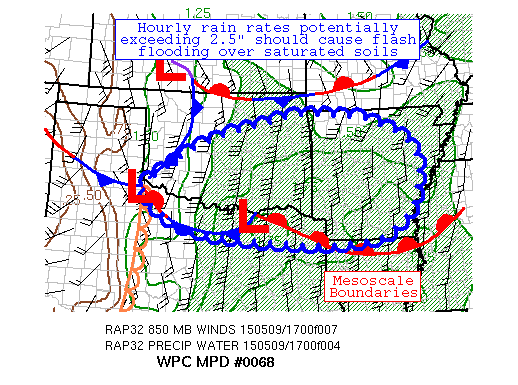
AREAS AFFECTED...PORTIONS OF OK, NORTHEAST TX, AND AR

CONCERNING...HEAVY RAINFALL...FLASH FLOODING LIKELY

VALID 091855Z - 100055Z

SUMMARY...THUNDERSTORMS ACROSS OK AND NORTHEAST TX ARE EXPECTED TO
CONTINUE TO ORGANIZE AS THEY PROGRESS EASTWARD.  FLASH FLOODING IS
CONSIDERED LIKELY DUE TO SATURATED SOILS.

DISCUSSION...THUNDERSTORMS CONTINUE TO GROW IN SIZE AND INTENSITY
ACROSS OK AND NORTHEAST TX.  HOURLY RAIN RATES UP TO 3" AN HOUR
HAVE BEEN WITNESSED PER RADAR ESTIMATES NORTHEAST OF DALLAS IN A
TRAINING BAND.  PRECIPITABLE WATER VALUES OF 1.4-2" INHABIT THE
REGION PER RECENT GPS INFORMATION.  THUNDERSTORMS CONTINUE TO BE
FOCUSED NEAR AND NORTH OF AN OUTFLOW BOUNDARY WHICH HAS YET TO
MAKE MUCH NORTHWARD PROGRESS, WITH CAPPING ALOFT LEADING TO SOME
ELEVATION TO THE CONVECTION (HINTED AT BY THE WARM 700 HPA
TEMPERATURES).  MIXED LAYER CAPE VALUES OF 1000-3000 J/KG EXIST
ACROSS NORTHEAST TX PER THE SPC MESOANALYSIS.  VAD WIND PROFILES
INDICATE 850 HPA INFLOW OF 35-45 KTS TOWARDS THE BOUNDARY, NEAR
THE MAGNITUDE OF THE 850-400 MEAN WIND.  CONSIDERING THE SURFACE
WIND FIELD, THIS YIELDS UP TO 35 KTS OF CLOUD BASE INFLOW.
DIRECTIONAL WIND SHEAR WITH HEIGHT COMBINED WITH THE INSTABILITY
HAS FOSTERED FORWARD PROPAGATING THUNDERSTORMS, MOVING GENERALLY
EAST TO EAST-NORTHEAST.

RECENT RAP GUIDANCE INDICATES SOME LIFTING OF THE OUTFLOW BOUNDARY
IS POSSIBLE ACROSS AR OVER THE NEXT SEVERAL HOURS.  BACKING WINDS
ACROSS CENTRAL TX COULD ALLOW FOR CONVECTION TO FORM NEAR THE WAVE
NEAR CHILDRESS, WHICH IS WHERE THE OUTFLOW BOUNDARY AND THE DRY
LINE CONVERGE.  HOURLY RAIN RATES UP TO 2.5" CONTINUE TO BE
POSSIBLE, WHICH COULD BE EVEN HIGHER WHERE CELLS MERGE.  CELL
TRAINING CONTINUES TO BE THE MAIN FLASH FLOOD RISK, WITH
BACKBUILDING CONTRIBUTING TO ISSUES ACROSS NORTHEAST TX.  THE
MESOSCALE GUIDANCE INDICATES LOCAL MAXIMA OF 3-5" WITHIN THIS
REGION.  FLASH FLOODING IS CONSIDERED LIKELY CONSIDERING SATURATED
SOILS OVER MUCH OF THE AREA.